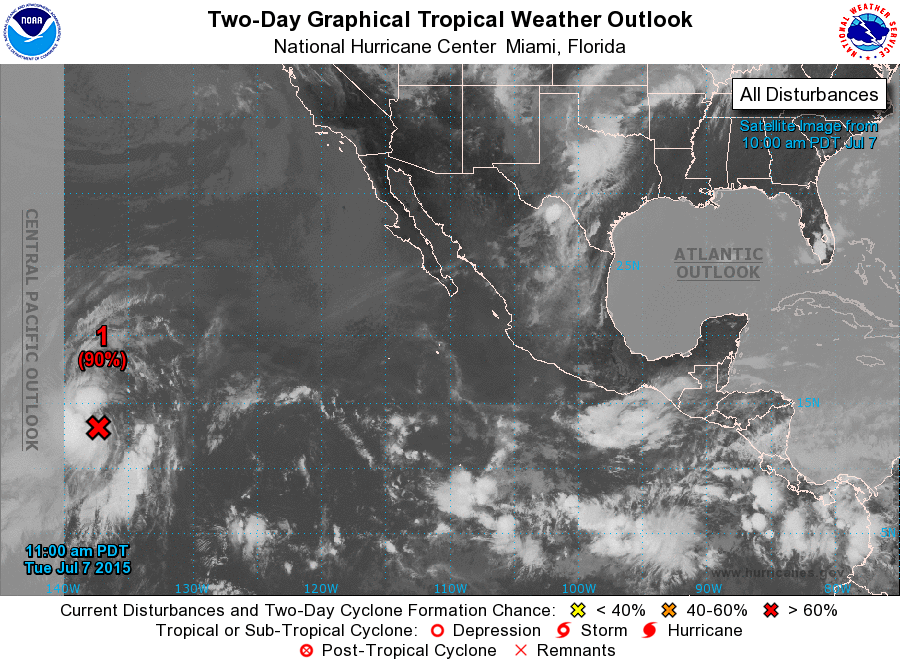
For the eastern North Pacific...east of 140 degrees west longitude:

1. Showers and thunderstorms associated with a large area of low pressure located about 1200 miles east-southeast of the Big Island of Hawaii continue to show signs of organization. Environmental conditions are expected to be conducive for further development, and a tropical cyclone will likely form later today or tonight while the system moves west-northwestward at 15 to 20 mph.
* Formation chance through 48 hours...high...90 percent
* Formation chance through 5 days...high...90 percent

2. An area of low pressure is expected to form several hundred miles south of the coast of southern Mexico later this week. Some development of this system is possible by this weekend while the low moves west-northwestward.
* Formation chance through 48 hours...low...near 0 percent
* Formation chance through 5 days...low...30 percent

Forecaster Brennan